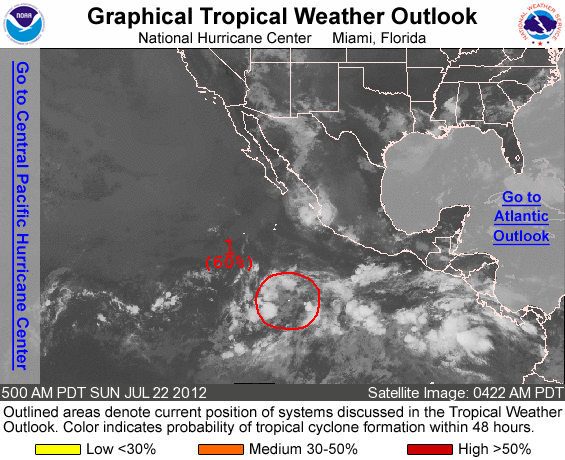
FOR THE EASTERN NORTH PACIFIC...EAST OF 140 DEGREES WEST LONGITUDE..

1. AN AREA OF LOW PRESSURE LOCATED ABOUT 725 MILES SOUTH-SOUTHWEST OF MANZANILLO MEXICO IS PRODUCING WIDESPREAD CLOUDINESS AND SCATTERED THUNDERSTORMS. ALTHOUGH SHOWER ACTIVITY HAS CHANGED LITTLE IN ORGANIZATION...UPPER-LEVEL WINDS AND OTHER ENVIRONMENTAL CONDITIONS ARE BECOMING MORE CONDUCIVE FOR A TROPICAL DEPRESSION TO FORM DURING THE NEXT COUPLE OF DAYS. THIS SYSTEM HAS A HIGH CHANCE... 60 PERCENT...OF BECOMING A TROPICAL CYCLONE DURING THE NEXT 48 HOURS AS IT MOVES TO THE WEST OR WEST-NORTHWEST AT 10 TO 15 MPH.

ELSEWHERE...TROPICAL CYCLONE FORMATION IS NOT EXPECTED DURING THE NEXT 48 HOURS.

FORECASTER STEWART